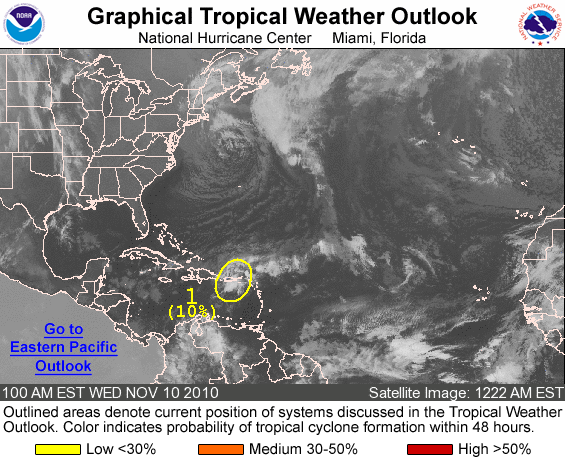
FOR THE NORTH ATLANTIC...CARIBBEAN SEA AND THE GULF OF MEXICO...

1. A WEAK LOW PRESSURE SYSTEM AND A SURFACE TROUGH LOCATED JUST SOUTH OF PUERTO RICO ARE PRODUCING DISORGANIZED SHOWERS AND THUNDERSTORMS OVER PORTIONS OF THE NORTHERN LEEWARD ISLANDS...THE VIRGIN ISLANDS...PUERTO RICO...AND ADJACENT WATERS. ENVIRONMENTAL CONDITIONS ARE ONLY MARGINALLY FAVORABLE FOR DEVELOPMENT...AND CONDITIONS ARE FORECAST TO BECOME LESS CONDUCIVE BY THURSDAY. THERE IS A LOW CHANCE...10 PERCENT...OF THIS SYSTEM BECOMING A TROPICAL CYCLONE DURING THE NEXT 48 HOURS AS IT MOVES NORTHWARD AT ABOUT 10 MPH. REGARDLESS OF DEVELOPMENT...LOCALLY HEAVY RAINFALL IS EXPECTED TO CONTINUE OVER PORTIONS OF THE NORTHERN LEEWARD ISLANDS AND PUERTO RICO DURING THE NEXT COUPLE OF DAYS.

ELSEWHERE...TROPICAL CYCLONE FORMATION IS NOT EXPECTED DURING THE NEXT 48 HOURS.

FORECASTER STEWART